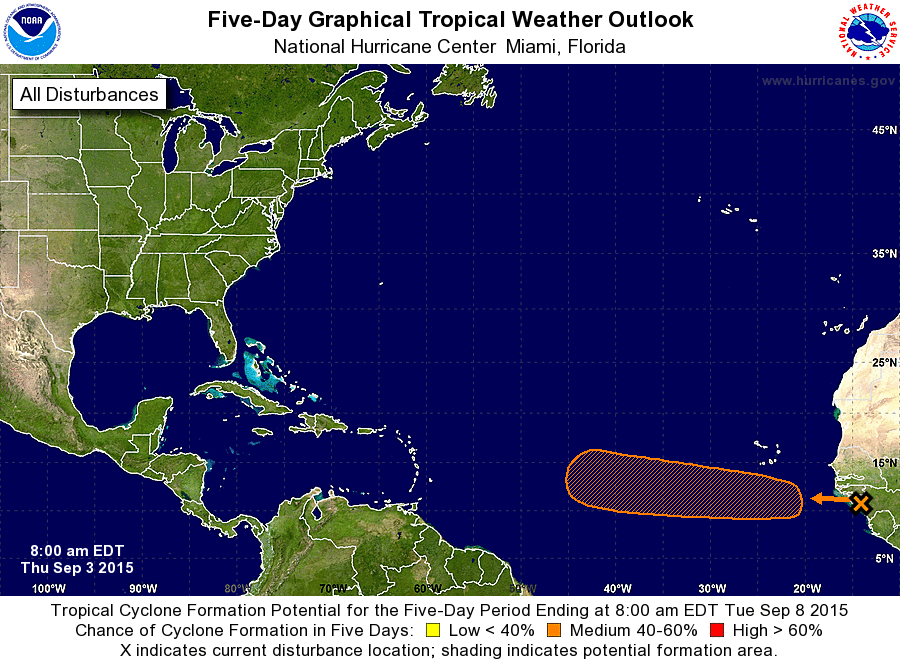
For the North Atlantic...Caribbean Sea and the Gulf of Mexico:

The National Hurricane Center is issuing advisories on Tropical Storm Fred, located several hundred miles west-northwest of the Cape Verde Islands.

1. A tropical wave is expected to move off of the west coast of Africa later today. This system has some potential for slow development as it moves westward at 15 to 20 mph across the tropical Atlantic.
* Formation chance through 48 hours...low...10 percent
* Formation chance through 5 days...medium...40 percent

Forecaster Avila